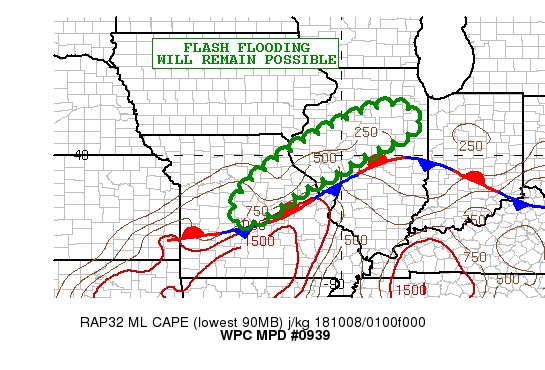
Areas affected...Central/Northeast MO to Central IL

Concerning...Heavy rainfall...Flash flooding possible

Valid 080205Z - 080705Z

Summary...Additional showers and thunderstorms are expected
overnight with heavy rainfall amounts and some flash flooding
possible.

Discussion...The latest IR satellite imagery shows additional
areas of cold-topped convection developing across northeast MO and
into areas of west-central IL which is all focusing along and
generally northwest of a quasi-stationary frontal zone. A nose of
instability characterized by MLCAPE values of 1000 to 1500 j/kg
extends northeast up along the boundary across the region, and
this coupled with modest right-entrance region jet ascent is
expected to maintain the convective threat over the next several
hours.

PWATs across the region are on the order of 1.6 to 1.8 inches and
conducive to heavy rainfall rates through the overnight hours. The
latest HRRR guidance favors locally as much as 3 to 4+ inches of
additional rainfall going through 06Z, and these totals may result
in some additional flash flooding.